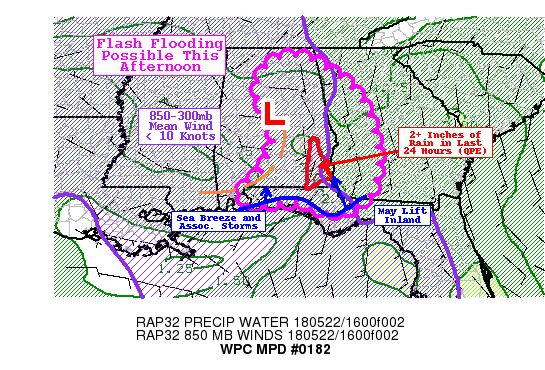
AREAS AFFECTED...ALABAMA...WRN GEORGIA...FLORIDA PANHANDLE

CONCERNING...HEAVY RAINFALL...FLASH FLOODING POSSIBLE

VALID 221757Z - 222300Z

SUMMARY...SHOWERS AND THUNDERSTORMS WILL MOVE SLOWLY IN THE
VICINITY OF A WEAK LOW IN CENTRAL ALABAMA...AND MAY PRODUCE
LOCALLY HEAVY RAINFALL AND FLASH FLOODING. RAIN RATES COULD
APPROACH 2 IN/HR.

DISCUSSION...ALTHOUGH THE SURFACE WIND FIELD AND PRESSURE PATTERN
ACROSS THE SOUTHEAST IS VERY WEAK...A BROAD CIRCULATION AND
RELATIVE MINIMUM IN PRESSURE APPEARED TO BE CENTERED NEAR
BIRMINGHAM. ANALYSIS OF THE LOW-LEVEL CLOUD BANDS WOULD ALSO PLACE
A CIRCULATION CENTER NEAR BHM...AND THUS IT IS LIKELY THAT A WEAK
LOW IS SITUATED OVER CENTRAL ALABAMA. SCATTERED CONVECTION HAD
DEVELOPED AS OF 1730Z AND WAS BECOMING MORE
NUMEROUS...PARTICULARLY TO THE SOUTH OF THE LOW WHERE LESS MORNING
CLOUD COVER HAD LIKELY CONTRIBUTED TO GREATER INSTABILITY.
ALTHOUGH THE CONVECTION WAS GENERALLY CELLULAR AND SCATTERED...A
COUPLE MESOSCALE BOUNDARIES MAY BE PROVIDING A BIT MORE
ORGANIZATION. THE FIRST WOULD BE THE SEA BREEZE...AND
THUNDERSTORMS WERE MORE NUMEROUS IN THE FLORIDA PANHANDLE ALONG
THIS BOUNDARY. THESE STORMS WERE SLOWLY LIFTING INLAND (TO THE
NORTH) AND MAY EVENTUALLY MAKE PROGRESS INTO SOUTHERN ALABAMA AND
SOUTHWEST GEORGIA. THERE ALSO APPEARED TO BE A WEAK SURFACE TROUGH
OR CONFLUENCE ZONE ARCING TO THE SOUTHWEST OF THE LOW NEAR THE
I-65 CORRIDOR. A MORE DEVELOPED BAND OF CLOUDS WAS SITUATED IN
THIS AREA AND SURFACE PRESSURES WERE SLIGHTLY LOWER THAN
SURROUNDING OBSERVATIONS.

AS THE LOW MOVES SLOWLY NORTH AND EAST...THE TROUGH TO ITS
SOUTHWEST MAY BEGIN TO PUSH INTO SOUTHEAST ALABAMA AND CONVERGE
WITH THE SEA BREEZE (OR THE COMPOSITE OUTFLOW BOUNDARY FROM
ASSOCIATED CONVECTION). THIS COULD PROVIDE A TEMPORARY 1-3 HR
FOCUS FOR GREATER CONVECTION IN SOUTHEAST ALABAMA AND SURROUNDING
AREAS. PARTS OF SOUTHEAST ALABAMA HAVE ALREADY EXPERIENCED HEAVY
RAINFALL IN THE PAST 24 HOURS...WITH RADAR ESTIMATES OF OVER 2
INCHES. THIS WOULD BE A POTENTIALLY FAVORED AREA FOR FLASH
FLOODING.

OVER MUCH OF THE OUTLINED AREA NEAR THE WEAK LOW IN CENTRAL
ALABAMA...THE LOW-MID LEVEL FLOW IS ALSO VERY WEAK AND RAP
ANALYSIS PLACES THE 850-300MB WIND SPEEDS LESS THAN 10 KNOTS. THIS
SHOULD ALLOW CONVECTION TO DRIFT SLOWLY. MANY AREA SHOULD CONTINUE
TO SEE A SCATTERING OF CONVECTION...WHICH WOULD NOT TEND TO FAVOR
FLASH FLOODING GIVEN THE LIMITED DURATION OF ASSOCIATED RAINFALL
AT ANY SPECIFIC LOCATION. HOWEVER...BROADLY CONFLUENT FLOW AROUND
THE LOW AND THE POSSIBILITY OF COLLIDING MESOSCALE BOUNDARIES MAY
PROMOTE SOME CELL MERGERS AND SUFFICIENT FOCUS TO PRODUCE A FEW
INCHES OF RAIN IN AN HOUR OR TWO. THIS COULD PRODUCE FLASH
FLOODING... ESPECIALLY IF IT WAS ALIGNED WITH AREAS THAT HAVE SEEN
HEAVY RAINFALL IN RECENT DAYS.